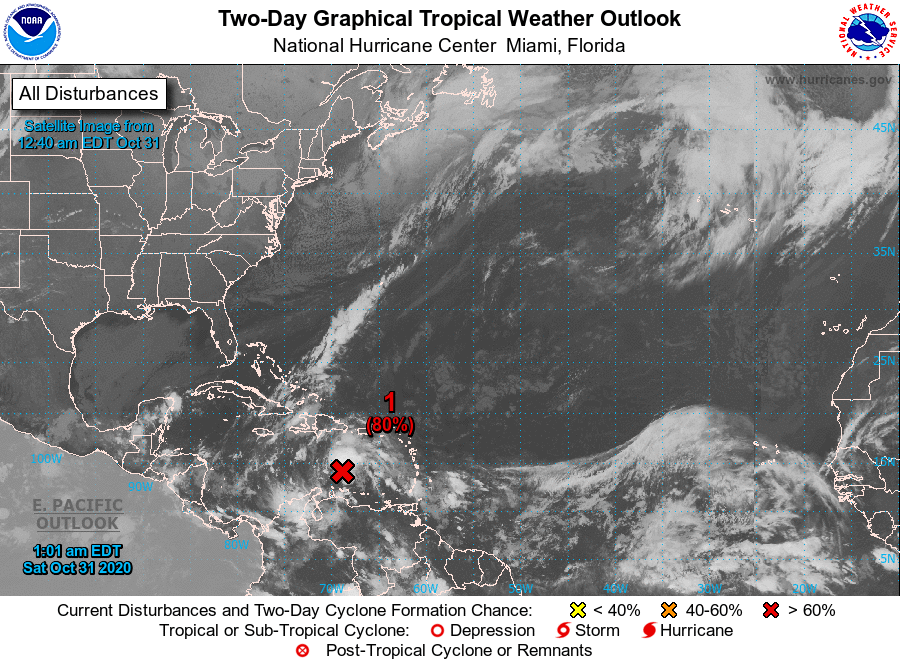
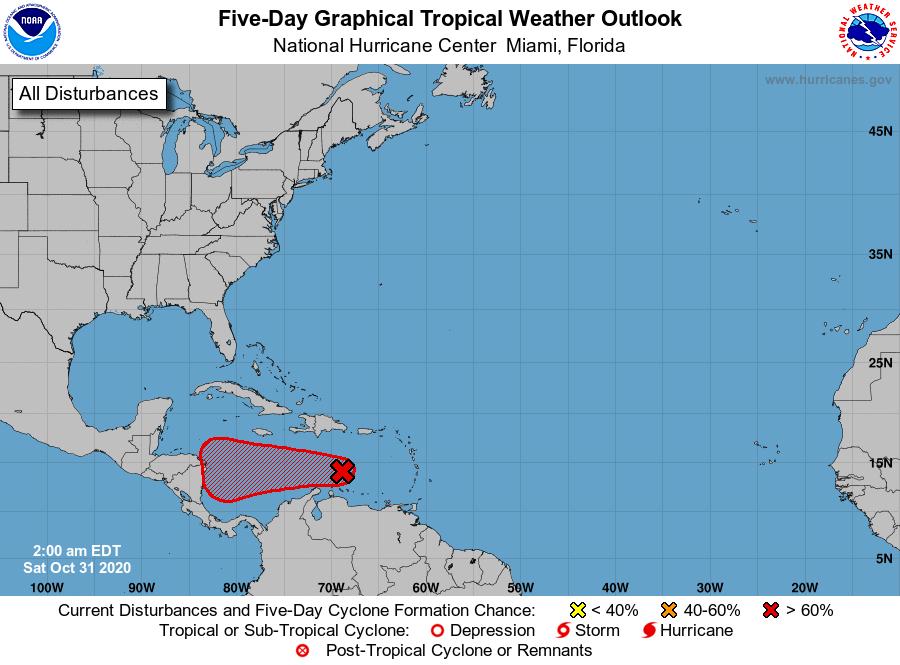
For the North Atlantic...Caribbean Sea and the Gulf of Mexico:

1. A tropical wave located over the eastern and central Caribbean Sea is producing a concentrated area of showers and thunderstorms. This system is slowly becoming better organized, and conditions appear conducive for further development. A tropical depression is likely to form this weekend as the system moves westward across the central and western Caribbean Sea. Regardless of development, this system is expected to produce heavy rainfall across portions of the ABC islands and Jamaica through the weekend.
* Formation chance through 48 hours...high...80 percent.
* Formation chance through 5 days...high...90 percent.

Forecaster Beven